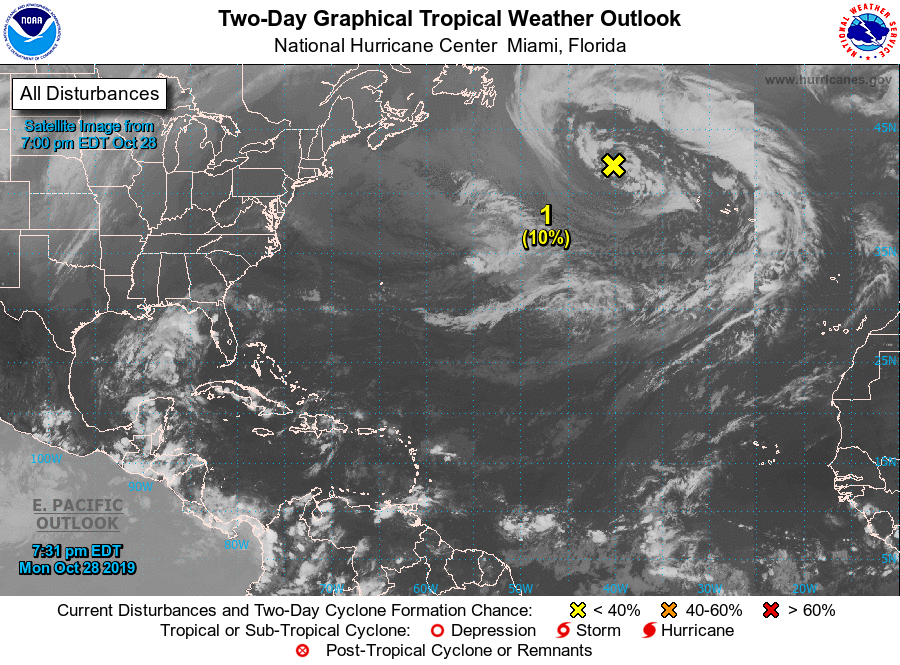
For the North Atlantic...Caribbean Sea and the Gulf of Mexico:

1. A large non-tropical low pressure system located several hundred miles west-northwest of the Azores continues to produce a large area of gale to hurricane-force winds. The low could gradually acquire some subtropical characteristics over the next few days while it moves slowly southward to southeastward over slightly warmer water. Environmental conditions are expected to become unfavorable for any further development by Thursday night when the low is forecast to move back over colder water. For more information of this system, see High Seas Forecasts issued by the National Weather Service.
* Formation chance through 48 hours...low...10 percent.
* Formation chance through 5 days...low...20 percent.

High Seas Forecasts issued by the National Weather Service can be found under AWIPS header NFDHSFAT1, WMO header FZNT01 KWBC, and online at ocean.weather.gov/shtml/NFDHSFAT1.php.

Forecaster Brown